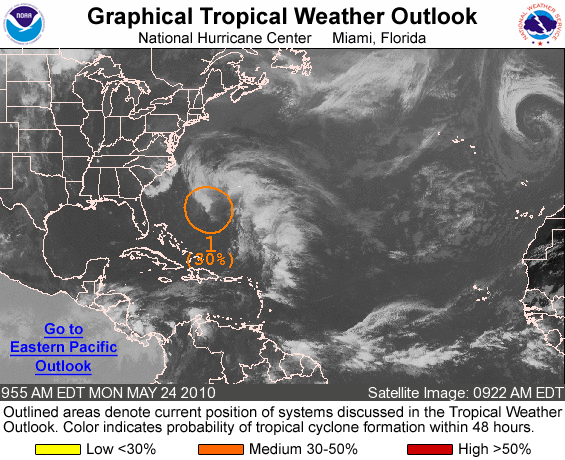
FOR THE NORTH ATLANTIC...CARIBBEAN SEA AND THE GULF OF MEXICO...

1. SATELLITE IMAGES AND SURFACE OBSERVATIONS INDICATE THAT THE NON-TROPICAL LOW PRESSURE SYSTEM CENTERED ABOUT 475 MILES SOUTHWEST OF BERMUDA HAS NOT BECOME BETTER ORGANIZED SINCE YESTERDAY. THIS SYSTEM IS PRODUCING A LARGE AREA OF DISORGANIZED SHOWERS AND THUNDERSTORMS OVER THE SOUTHWESTERN ATLANTIC OCEAN ALONG WITH WINDS TO GALE FORCE. THE LOW IS EXPECTED TO MOVE SLOWLY TOWARD THE NORTH-NORTHWEST AND IT STILL HAS THE POTENTIAL TO ACQUIRE SUBTROPICAL CHARACTERISTICS DURING THE NEXT DAY OR SO. THERE IS A MEDIUM CHANCE...30 PERCENT... OF THIS SYSTEM BECOMING A SUBTROPICAL CYCLONE DURING THE NEXT 48 HOURS.

FOR ADDITIONAL INFORMATION... PLEASE SEE HIGH SEAS FORECASTS ISSUED BY THE NATIONAL WEATHER SERVICE...UNDER AWIPS HEADER NFDHSFAT1 AND WMO HEADER FZNT01 KWBC. ANOTHER STATEMENT WILL BE ISSUED BY THE NATIONAL HURRICANE CENTER THIS EVENING.

FORECASTER PASCH/ROBERTS